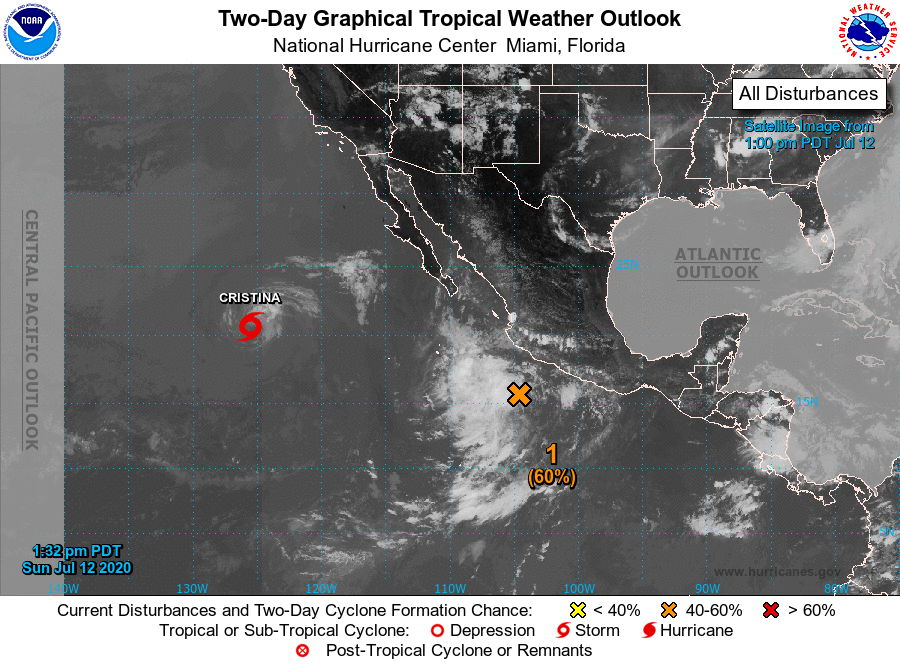
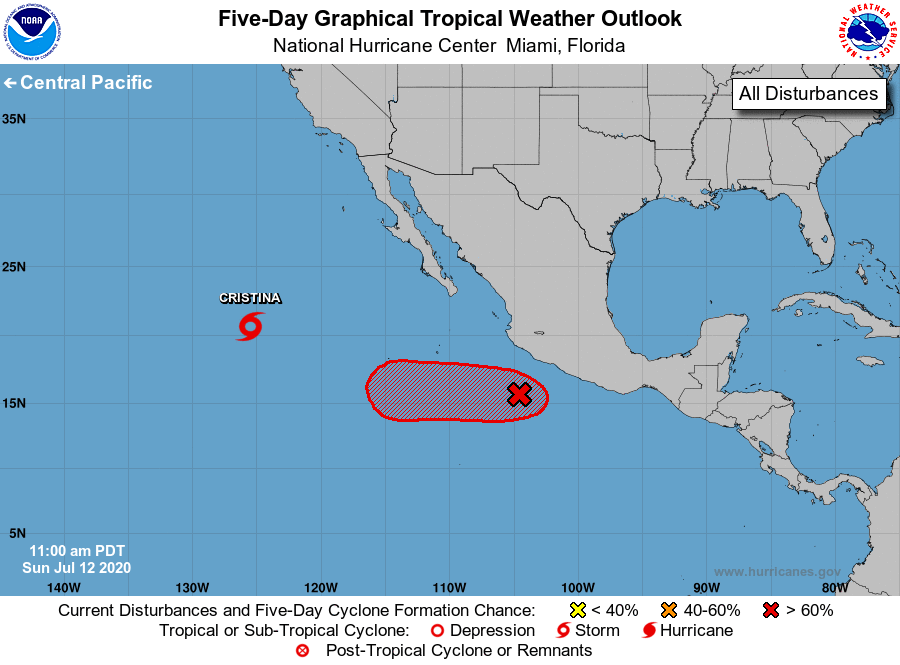
For the eastern North Pacific...east of 140 degrees west longitude:

The National Hurricane Center is issuing advisories on Tropical Storm Cristina, located about 1000 miles west of the southern tip of the Baja California peninsula.

1. Showers and thunderstorms have increased this morning in association with a small low pressure system located a couple of hundred miles south of Manzanillo, Mexico. Environmental conditions are forecast to gradually become more favorable for development, and a tropical depression is likely to form within the next few days as the system moves quickly west-northwestward to westward, well south of the coast of Mexico.
* Formation chance through 48 hours...medium...60 percent.
* Formation chance through 5 days...high...70 percent.

Forecaster Latto